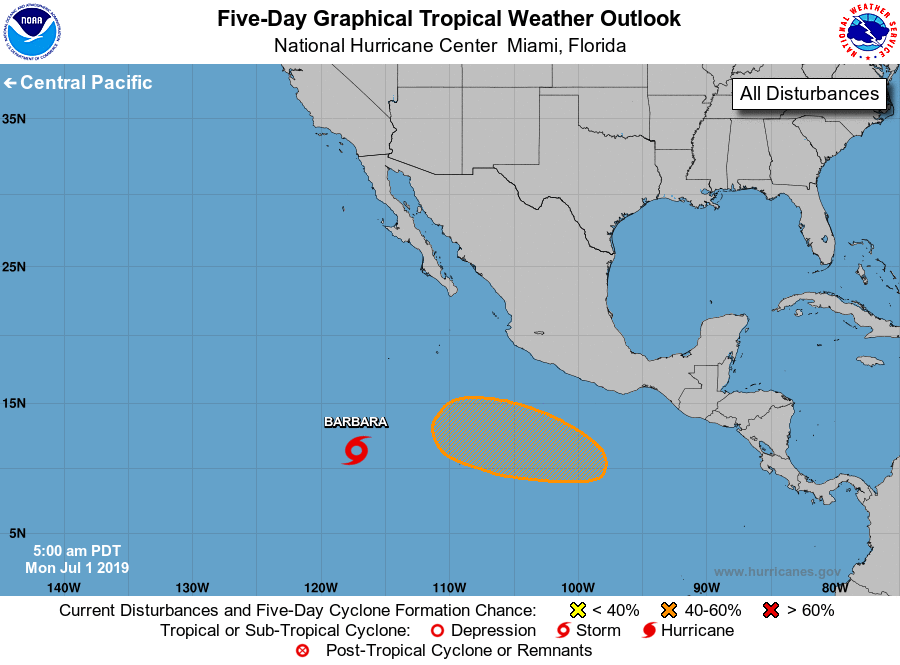
For the eastern North Pacific...east of 140 degrees west longitude:

The National Hurricane Center is issuing advisories on Tropical Storm Barbara, located several hundred miles south-southwest of the southern tip of the Baja California peninsula.

1. An area of low pressure is expected to form later this week several hundred miles south of the southern coast of Mexico. Conditions appear favorable for gradual development of this system while it moves westward to west-northwestward.
* Formation chance through 48 hours...low...near 0 percent.
* Formation chance through 5 days...medium...60 percent.

Public Advisories on Tropical Storm Barbara are issued under WMO header WTPZ32 KNHC and under AWIPS header MIATCPEP2. Forecast/Advisories on Tropical Storm Barbara are issued under WMO header WTPZ22 KNHC and under AWIPS header MIATCMEP2.

Forecaster Latto/Avila